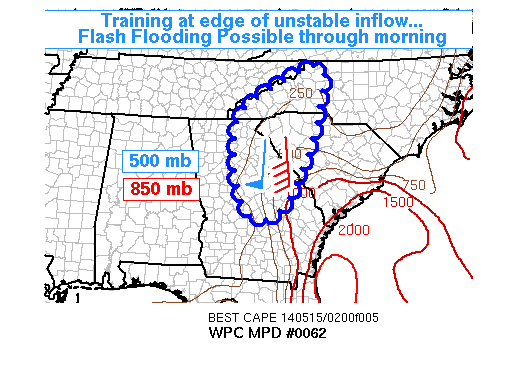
AREAS AFFECTED...ERN GA...WRN SC...WRN NC

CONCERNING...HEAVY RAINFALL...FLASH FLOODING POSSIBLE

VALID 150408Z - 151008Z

SUMMARY...THUNDERSTORMS PRODUCING AT LEAST 1.5 INCH PER HOUR RATES
WILL TRAIN FOR AN EXTENDED PERIOD AS MID LEVEL STEERING WINDS
REMAIN ALIGNED WITH LOW LEVEL INFLOW. WITH DEEP MOISTURE ARRIVING
IT MAY ONLY TAKE 2 TO 3 HOURS FOR A GIVEN LOCATION TO MEET THE
RELATIVELY HIGH FLASH FLOOD GUIDANCE VALUES HERE.

DISCUSSION...FLASH FLOOD GUIDANCE VALUES WERE HIGH...ABOUT 3 TO 4
INCHES IN 3 HOURS...BUT RADAR TRENDS WERE WORRISOME AT 0345Z WITH
INCREASED ECHO INTENSITY AND SOUTH TO NORTH TRAINING. DEEP ASCENT
WILL BE SUSTAINED OVERNIGHT WITH LITTLE EASTWARD ADVANCEMENT OF
THE LARGE SCALE FEATURES. INSTABILITY WILL BE SUPPLIED BY LOW
LEVEL WINDS CHANNELING THROUGH SC AND SE GA...NOTING ONE OF THE
MORE UNSTABLE SOUNDINGS THIS EVENING WAS AT CHARLESTON SC. THE RAP
FORECASTS MODEST BUT SUFFICIENT CAPE TO PERSIST ALONG THE EASTERN
EDGE OF ONGOING THUNDERSTORMS IN GEORGIA...AND SPREADING INTO
SC/NC THROUGH 10Z. DEEP UNIDIRECTIONAL FLOW IN THE CLOUD LAYER
WILL PROMOTE TRAINING WHILE CORFIDI VECTORS SUGGEST VERY MINIMAL
EASTWARD PROPAGATION INTO THE INFLOW. THIS WAS ALREADY SEEN THIS
EVENING IN CENTRAL GA...AND RECENT HRRR RUNS SUGGEST THIS SCENARIO
WILL PERSIST SEVERAL HOURS. AT THE SAME TIME...TOTAL COLUMN
MOISTURE SHOULD OVERSPREAD WRN SC/NC...AND DESPITE WIDESPREAD
RAIN...THE SUSTAINED ASCENT WILL MAINTAIN MID LEVEL LAPSE RATES
SUFFICIENT FOR EMBEDDED CONVECTION. THE RESULT IS A FOCUSED HEAVY
RAIN THREAT.

INITIAL RADAR AND GAUGE OBSERVATIONS IN GA SUGGEST 1.5 INCH PER
HOUR RATES WILL BE COMMON...MEANING THE FLASH FLOOD GUIDANCE AT A
GIVEN LOCATION COULD BE BREACHED ONLY 2-3 HOURS AFTER ONSET.